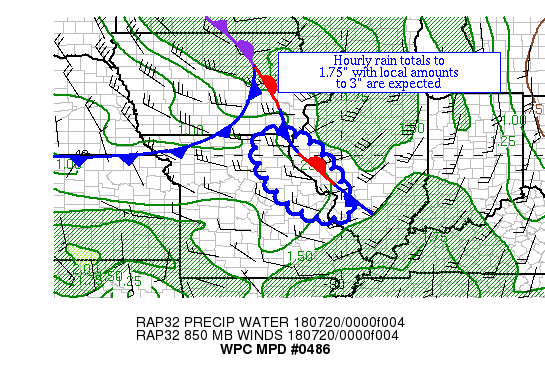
AREAS AFFECTED...NEAR THE MO/IL BORDER

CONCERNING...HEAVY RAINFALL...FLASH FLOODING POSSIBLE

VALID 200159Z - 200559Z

SUMMARY...THUNDERSTORMS ARE BACKBUILDING ACROSS NORTHEAST MO WHICH
COULD CONTINUE FOR ANOTHER COUPLE HOURS BEFORE DROPPING SOUTH NEAR
THE IL/MO BORDER.  HOURLY RAIN TOTALS TO 1.75" WITH LOCAL AMOUNTS
TO 3" ARE EXPECTED.

DISCUSSION...THUNDERSTORMS HAVE BEGUN TO BACKBUILD WITHIN A SHORT
WARM CONVEYOR BELT TO THE SOUTHEAST OF A DEEP LAYER LOW OVER
SOUTHERN MN.  AT THE TOP OF THE BACKBUILDING CONVECTION IS AN
INSTABILITY POOL WITH 3000-3500 J/KG OF ML CAPE.  PRECIPITABLE
WATER VALUES ARE ~1.6" PER GPS DATA.  INFLOW AT 850 HPA IS ROUGHLY
35 KTS PER VAD WIND PROFILES.  EFFECTIVE BULK SHEAR OF 40-50 KTS
LIES ACROSS THE REGION.

THE EXPECTATION IS FOR THE CURRENT NORTHWEST-SOUTHEAST ORIENTED
CONVECTION TO REARRANGE MORE NORTH-SOUTH ORIENTED WITH TIME
PARALLEL TO THE INSTABILITY GRADIENT.  BACKBUILDING SHOULD END IN
THE NEXT HOUR OR TWO AS A LOW-LEVEL BOUNDARY/FRONT MOVES SOUTHEAST
ERODING THE INSTABILITY POOL FROM THE NORTHWEST WITH TIME.  THIS
BAND COULD TRAIN FOR A FEW HOURS BEFORE EVENTUALLY SHORTENING FROM
NORTH TO SOUTH AS THE TRAINING CEASES.  HOURLY RAIN TOTALS TO
1.75" WITH LOCAL AMOUNTS TO 3" ARE EXPECTED.  A NORTHEAST ADJUSTED
18Z NAM CONEST SOLUTION APPEARS THE MOST PLAUSIBLE HERE
CONSIDERING THE CURRENT CONVECTIVE PATTERN AND EXPECTATIONS.